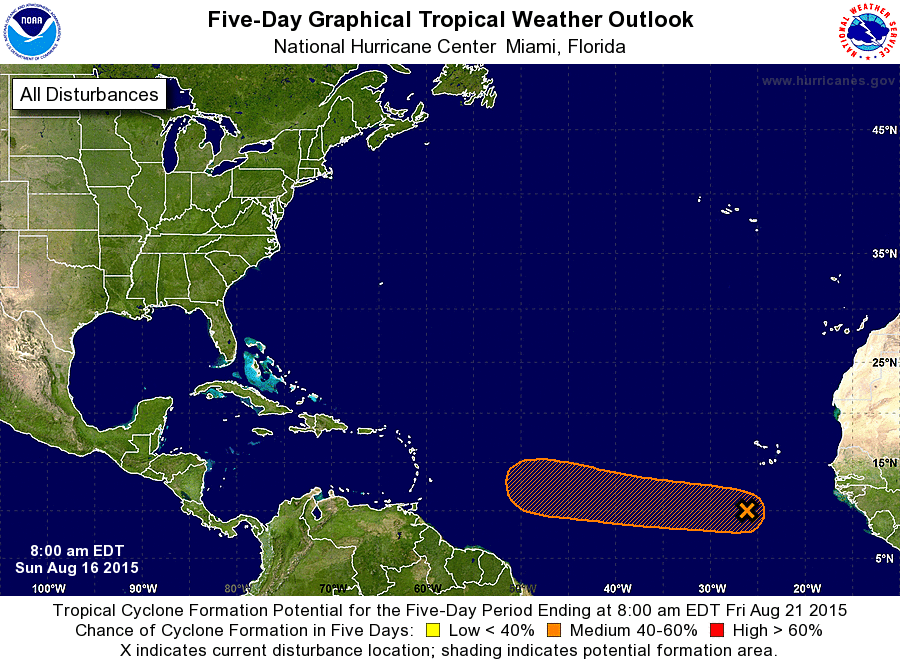
For the North Atlantic...Caribbean Sea and the Gulf of Mexico:

1. A tropical wave accompanied by a surface low pressure system is producing a concentrated area of disturbed weather a few hundred miles south-southwest of the Cape Verde Islands. Environmental conditions are expected to be somewhat conducive for gradual development of this disturbance over the next several days while it moves westward at around 15 mph.
* Formation chance through 48 hours...low...30 percent
* Formation chance through 5 days...medium...40 percent

Forecaster Stewart